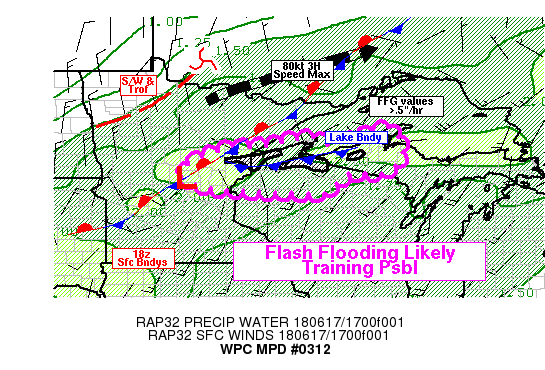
AREAS AFFECTED...NORTHEAST/CENTRAL MN...NORTHWEST WI...WESTERN
U.P. OF MI...

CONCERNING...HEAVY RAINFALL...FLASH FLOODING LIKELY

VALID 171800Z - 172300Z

SUMMARY...HIGH RAINFALL RATES MOVING THROUGH FLOODED REGIONS
LIKELY TO INDUCE ADDITIONAL FLASH FLOODING RISK THROUGH

DISCUSSION...A SUBTLE SPEED MAX AND ASSOCIATED SHORTWAVE ARE
PASSING ACROSS NORTHERN MN INTO SW ONT ATTM SUPPORTING SUFFICIENT
MID-LEVEL ASCENT TO SPARK SOME ANAFRONTAL CONVECTION ACROSS
CENTRAL TO NORTHEAST MN. A WEAK SFC WAVE EXISTS NEAR KSTC WITH THE
FRONT EXTENDING TOWARD KDLH INTO LAKE SUPERIOR. SOUTHEAST OF THE
FRONT, RECENT RAP ANALYSIS DEPICTS STRONG INSTABILITY BUT REMAINS
CAPPED IN THE SHORT-TERM BUT GIVEN SFC WAVE, MULTI-DIRECTIONAL SFC
MST CONVERGENCE/CONFLUENCE MAY BE SUFFICIENT TO BREAK THE CAP
ESPECIALLY IF ANAFRONTAL CONVECTION KICKS A SOUTHEASTWARD SAGGING
OUTFLOW STRENGTHENING FGEN IN THE REGION.  INSTABILITY HAS ALREADY
BUILT TO 3000 J/KG SBCAPES ACROSS SOUTHERN AND CENTRAL
MN...FEEDING TOWARD THIS REGION WHERE CAPPED VALUES ARE ALREADY
NEAR 1250 J/KG.

TRENDS ON THE ANAFRONTAL CONVECTION ARE COOLING/EXPANDING TAPPING
SOME OF THE VERY HIGH MOISTURE IN THE ENVIRONMENT TO SUPPORT RAIN
RATES OF 1.0-1.5"/HR, THOUGH EASTWARD PROPAGATION IS ADDING TO
FAIRLY SOLID EASTWARD CELL MOTIONS AT THIS TIME.  STILL THE CELLS
ARE MOVING INTO AREAS OF COMPROMISED SOIL CONDITIONS THAT ARE
ALREADY SATURATED TO SIGNIFICANT DEPTH TO ALLOW FOR HYDROPHOBIC
RUNOFF CONDITIONS FAIRLY QUICKLY THAT FFG VALUES OF .3-.5"/HR
COULD BE EXCEED QUICKLY ACROSS AITKIN/CARLTON COUNTIES IN MN AND
LESS THAN 1" EVEN FURTHER WEST TOWARD CROW WING EVEN IN THE SHORT
TERM.  YET WITH REDUCTION OF CAP, INCREASED INSTABILITY OVER THE
NEXT FEW HOURS THE BULK OF HI-RES CAM GUIDANCE BREAKS OUT
CONVECTION IN THE WARM SECTOR ACROSS THE DISCUSSED REGION TOWARD N
WI...LEADING TO LIKELY FLASH FLOODING GIVEN RATES OF 1.5-2"/HR
WOULD INCREASINGLY BECOME MORE COMMON.   CELL MOTIONS TO THE EAST
MAY REDUCE THE THREAT...BUT GIVEN ORIENTATION OF CELL MOTIONS TO
THE REINFORCING FGEN FROM NORTHEASTERLY FLOW OF LAKE SUPERIOR,
CELLS HAVE A GOOD POSSIBILITY TO ORIENT FAVORABLY FOR TRAINING
AFTER 21-22Z OVER FFG VALUES BELOW .5"/HR ACROSS N WI INTO WESTERN
U.P. OF MI.  AS SUCH FLASH FLOODING IS CONSIDERED LIKELY THROUGH
23Z WITH 2-3" TOTALS LIKELY.